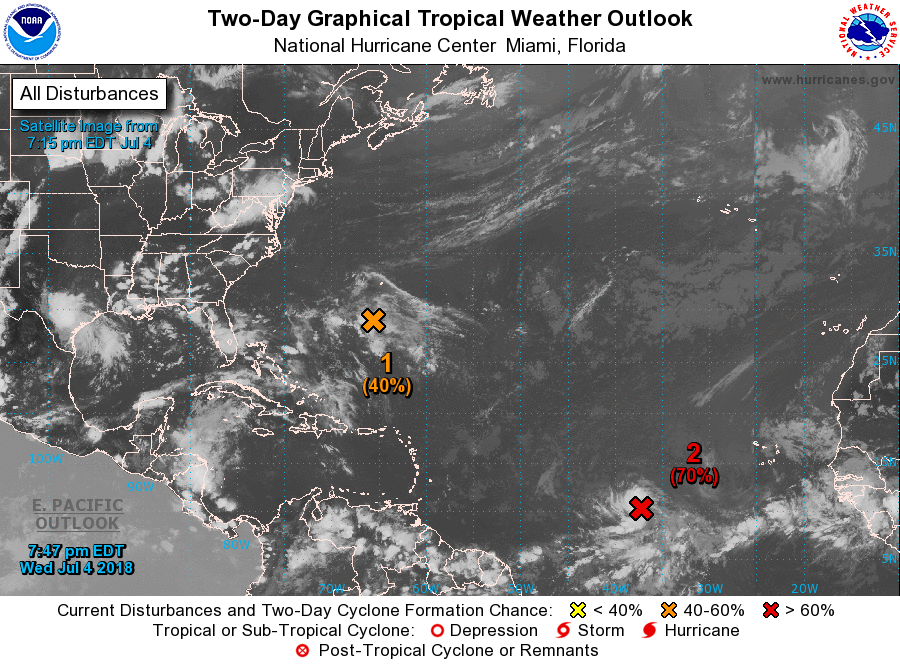
For the North Atlantic...Caribbean Sea and the Gulf of Mexico:

1. Disorganized showers and thunderstorms located a few hundred miles to the south and southwest of Bermuda are associated with a weak trough of low pressure. Environmental conditions appear conducive for some development of this system, and a tropical depression could form before the end of the week while the system moves west-northwestward and then northward between Bermuda and the east coast of the United States. The disturbance is then forecast to interact with a frontal system on Sunday, which would limit any additional development.
* Formation chance through 48 hours...medium...40 percent.
* Formation chance through 5 days...medium...50 percent.

2. Shower activity associated with a small area of low pressure and a tropical wave located about 1000 miles west-southwest of the Cabo Verde Islands continues to become better organized. A tropical depression is likely to form during the next day or two while the system moves westward to west-northwestward at 15 to 20 mph over the tropical Atlantic Ocean. By the weekend, however, upper-level winds are expected to become less conducive for development when the system approaches the Lesser Antilles.
* Formation chance through 48 hours...high...70 percent.
* Formation chance through 5 days...high...70 percent.

Forecaster Beven